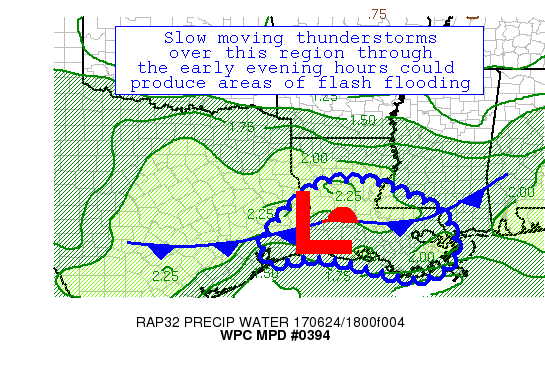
AREAS AFFECTED...SOUTHERN LA...SOUTHWEST MS...SOUTHEAST TX

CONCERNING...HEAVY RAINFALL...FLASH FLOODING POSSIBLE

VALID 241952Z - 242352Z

SUMMARY...SLOW MOVING SHOWERS AND THUNDERSTORMS WITH HEAVY
RAINFALL RATES ARE LIKELY TO PERSIST THROUGH THE REMAINDER OF THE
AFTERNOON HOURS.  SOME LOCALIZED FLASH FLOODING IS POSSIBLE WITH
RAINFALL RATES ON THE ORDER OF TWO INCHES PER HOUR POSSIBLE.

DISCUSSION...RECENT IR SATELLITE IMAGERY HAS INDICATED EXPANDING
DEEP CONVECTION WITH EMBEDDED OVERSHOOTING TOPS.  THE CONVECTION
IS ASSOCIATED WITH THE SLOW SOUTHWARD ADVANCE OF A COLD FRONT INTO
A VERY MOIST AND UNSTABLE AIRMASS OUT AHEAD OF IT AND IS BEING
FOCUSED NEAR A DEVELOPING WAVE OF LOW PRESSURE ALONG THE FRONT.
MIXED LAYER CAPE ON THE ORDER OF 2000 J/KG EXISTS JUST SOUTH OF
THE ONGOING CONVECTION, AND THIS UNSTABLE INFLOW TOWARDS THE FRONT
WILL SERVE TO ENHANCE RAINFALL RATES.  THERE ARE ALSO INTERSECTING
OUTFLOW BOUNDARIES FROM EARLIER CONVECTION OVER THIS REGION.

A RIBBON OF HIGH PWS, ON THE ORDER OF 1.8 TO 2.2 INCHES PER THE
LATEST SPC MESOANALYSIS, IS POOLED ALONG AND AHEAD OF THE FRONT.
THIS IS FACILITATING RATHER EFFICIENT RAINFALL PROCESSES FOR
HEAVIER RATES, WHICH MAY APPROACH 2 INCHES PER HOUR AT TIMES THIS
AFTERNOON.  THE LATEST HRRR EXPERIMENTAL GUIDANCE SUPPORTS SOME
IMPRESSIVELY HIGH RAINFALL TOTALS BETWEEN THE 20Z TO 00Z TIME
FRAME, WITH AMOUNTS LOCALLY UP TO 4 INCHES BY 00Z. THIS SEEMS TO
HAVE A BETTER HANDLE ON THE SITUATION THAN THE OPERATIONAL HRRR,
WHICH APPEARS TO BE UNDERDONE WITH ITS AMOUNTS. SOME FLASH
FLOODING WILL BE POSSIBLE GIVEN THESE TYPES OF RAINFALL AMOUNTS,
ESPECIALLY OVER AREAS THAT HAVE RECEIVED APPRECIABLE RAIN OVER THE
PAST FEW DAYS.